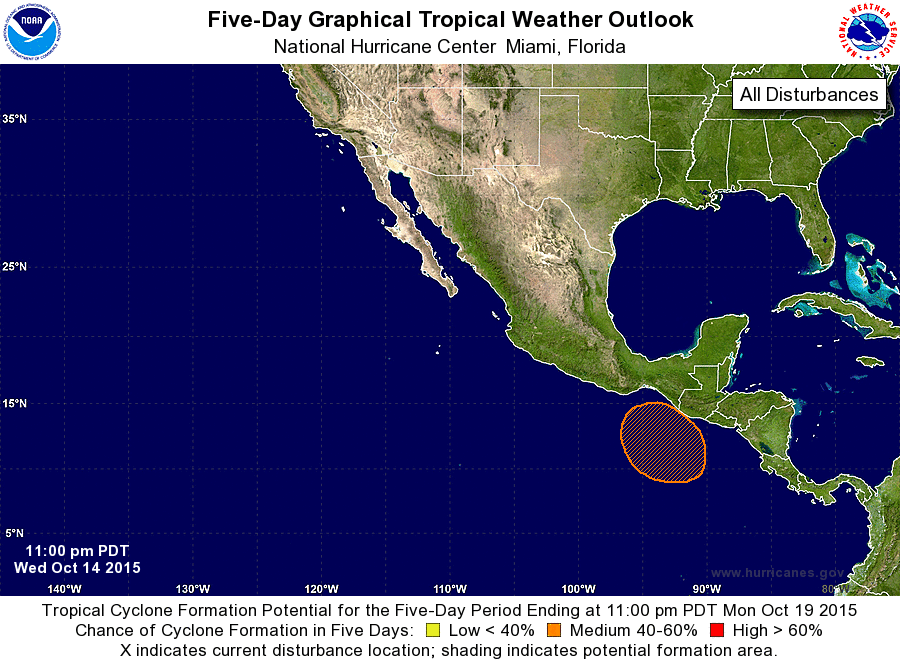
For the eastern North Pacific...east of 140 degrees west longitude:

The National Hurricane Center issuing advisories on newly formed Tropical Depression Nineteen-E, located about a thousand miles south-southwest of the southern tip of the Baja California peninsula.

1. An area of low pressure is expected to form a few hundred miles south-southeast of the Gulf of Tehuantepec this weekend. Some development of this system is anticipated early next week while it moves slowly northwestward.
* Formation chance through 48 hours...low...near 0 percent
* Formation chance through 5 days...medium...40 percent

Public Advisories on Tropical Depression Nineteen-E are issued under WMO header WTPZ34 KNHC and under AWIPS header MIATCPEP4. Forecast/Advisories on the depression are issued under WMO header WTPZ24 KNHC and under AWIPS header MIATCMEP4.

Forecaster Blake